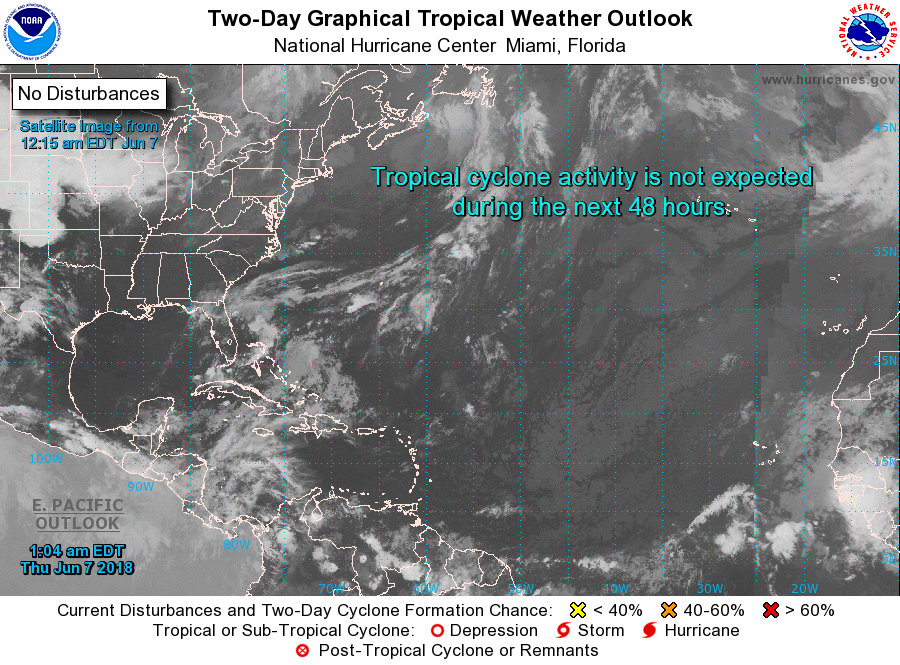
For the North Atlantic...Caribbean Sea and the Gulf of Mexico:

Tropical cyclone formation is not expected during the next 5 days.

Forecaster Avila